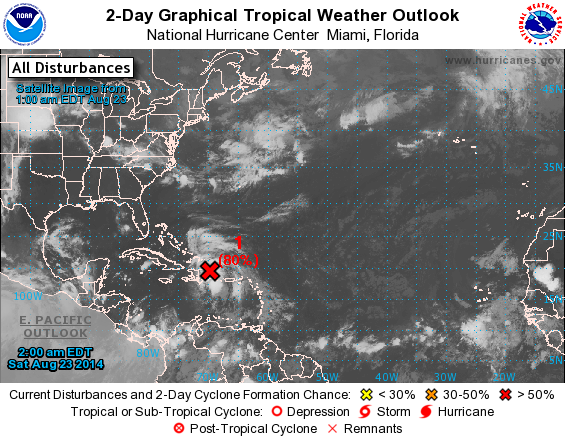
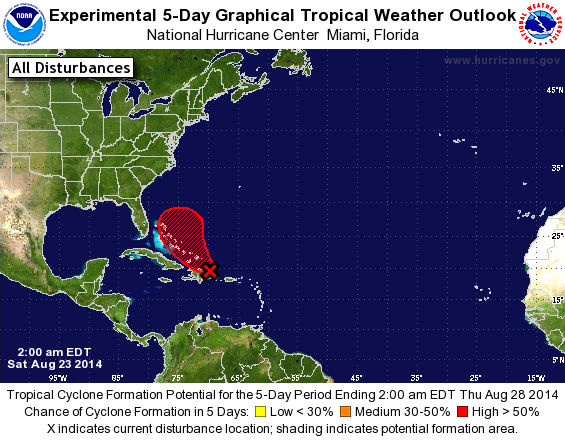
For the North Atlantic...Caribbean Sea and the Gulf of Mexico:

1. Satellite and surface data indicate that the area of disturbed weather near Hispaniola still lacks a well-defined surface circulation. However, thunderstorm activity continues to show signs of organization and environmental conditions are favorable for the development of a tropical depression or storm today or Sunday. This system is forecast to move west-northwestward over or near the southeastern Bahamas today, and over or near the central Bahamas on Sunday. Heavy rains and gusty winds are expected to continue over Puerto Rico and Hispaniola today. Winds to tropical storm force and heavy rains are expected to spread over the southeastern Bahamas, the Turks and Caicos Islands, and the Central Bahamas through Sunday. These rains could cause life-threatening flash floods and mudslides, especially in the mountainous areas of Hispaniola and Puerto Rico. An Air Force Reserve Hurricane Hunter aircraft is scheduled to investigate the system this morning. Interests in the Turks and Caicos and all of the Bahama Islands should monitor the progress of this disturbance, since tropical storm watches and warnings could be required with little advance notice.
* Formation chance through 48 hours...high...80 percent.
* Formation chance through 5 days...high...90 percent.

Forecaster Brown